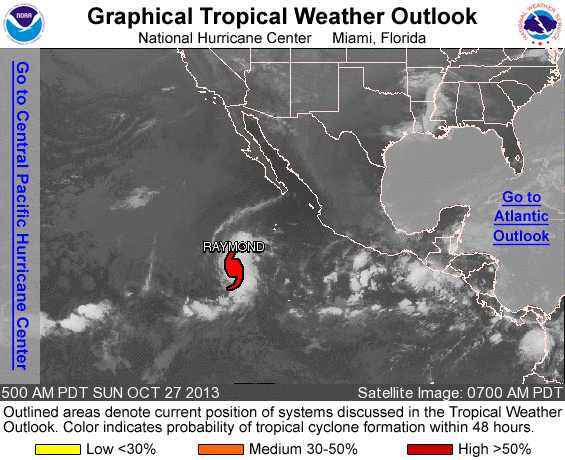
FOR THE EASTERN NORTH PACIFIC...EAST OF 140 DEGREES WEST LONGITUDE..

THE NATIONAL HURRICANE CENTER IS ISSUING ADVISORIES ON HURRICANE RAYMOND...LOCATED SEVERAL HUNDRED MILES SOUTH-SOUTHWEST OF THE SOUTHERN TIP OF THE BAJA CALIFORNIA PENINSULA.

TROPICAL CYCLONE FORMATION IS NOT EXPECTED DURING THE NEXT 48 HOURS.

OTHER SYSTEMS WITH FORMATION POTENTIAL BEYOND 48 HOURS...

AN AREA OF LOW PRESSURE COULD FORM SEVERAL HUNDRED MILES SOUTHWEST OF THE COAST OF MEXICO IN A FEW DAYS. ENVIRONMENTAL CONDITIONS ARE EXPECTED TO BE MARGINALLY CONDUCIVE FOR SOME SLOW DEVELOPMENT LATER THIS WEEK WHILE THE DISTURBANCE MOVES WEST-NORTHWESTWARD OR NORTHWESTWARD AT 5 TO 10 MPH. THIS SYSTEM HAS A LOW CHANCE...NEAR 0 PERCENT...OF BECOMING A TROPICAL CYCLONE DURING THE NEXT 48 HOURS...AND A LOW CHANCE...20 PERCENT...OF BECOMING A TROPICAL CYCLONE DURING THE NEXT 5 DAYS.

&&
FIVE-DAY FORMATION PROBABILITIES ARE EXPERIMENTAL IN 2013. COMMENTS ON THE EXPERIMENTAL FORECASTS CAN BE PROVIDED AT...

HTTP://WWW.NWS.NOAA.GOV/SURVEY/NWS-SURVEY.PHP?CODE=ETWO

FORECASTER BERG